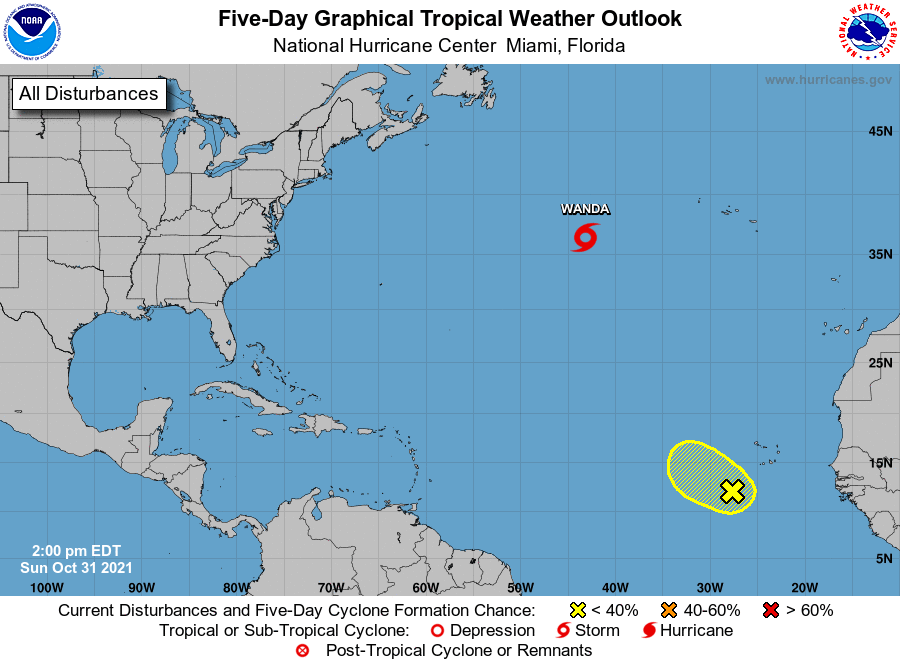
For the North Atlantic...Caribbean Sea and the Gulf of Mexico:

The National Hurricane Center is issuing advisories on Subtropical Storm Wanda, located about 900 miles west of the Azores.

1. A broad area of low pressure located over the tropical eastern Atlantic a few hundred miles west-southwest of the Cabo Verde Islands continues to produce a large area of disorganized showers and thunderstorms. Slow development of this disturbance is possible during the next day or so before it moves into a region of strong upper-level winds. This system is expected to move west-northwestward to northwestward at 10 to 15 mph during the next few days.
* Formation chance through 48 hours...low...30 percent.
* Formation chance through 5 days...low...30 percent.

Public Advisories on Subtropical Storm Wanda are issued under WMO header WTNT31 KNHC and under AWIPS header MIATCPAT1. Forecast/Advisories on Subtropical Storm Wanda are issued under WMO header WTNT21 KNHC and under AWIPS header MIATCMAT1.

Forecaster Latto